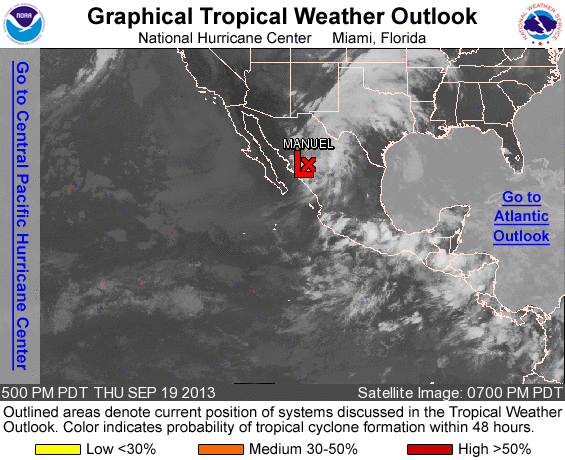
FOR THE EASTERN NORTH PACIFIC...EAST OF 140 DEGREES WEST LONGITUDE..

THE NATIONAL HURRICANE CENTER IS ISSUING ADVISORIES ON RECENTLY DOWNGRADED TROPICAL DEPRESSION MANUEL...LOCATED INLAND OVER WEST-CENTRAL MEXICO.

TROPICAL CYCLONE FORMATION IS NOT EXPECTED THROUGH FIVE DAYS.

&&
FIVE-DAY FORMATION PROBABILITIES ARE EXPERIMENTAL IN 2013. COMMENTS ON THE EXPERIMENTAL FORECASTS CAN BE PROVIDED AT...

HTTP://WWW.NWS.NOAA.GOV/SURVEY/NWS-SURVEY.PHP?CODE=ETWO

FORECASTER BLAKE